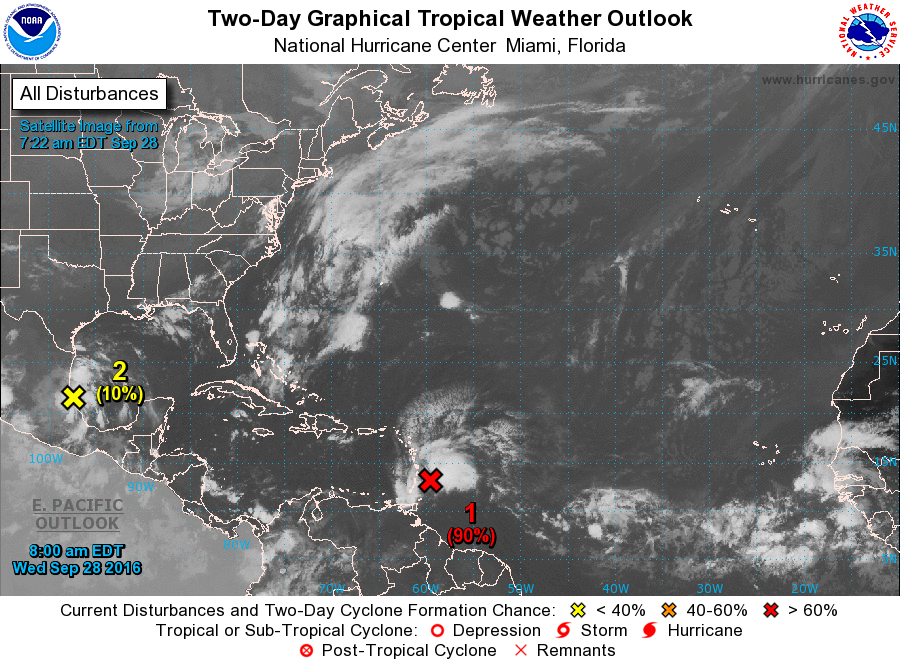
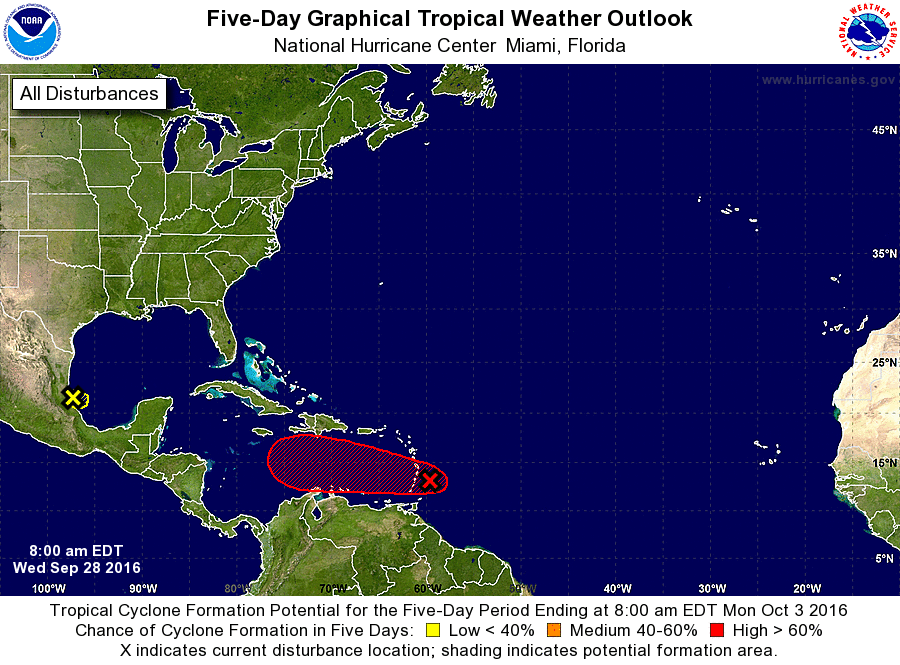
For the North Atlantic...Caribbean Sea and the Gulf of Mexico:

Reports from an Air Force Reserve reconnaissance aircraft indicate that the strong tropical wave located near Barbados is producing winds of 40 to 45 mph. Regardless of whether or not the system becomes a tropical storm before it moves through the Lesser Antilles, tropical-storm-force winds and heavy rains will spread across Guadeloupe, Dominica, Martinique, and St. Lucia today. Satellite and surface observations suggest that the circulation associated with the system has become better defined, and the reconnaissance aircraft is beginning its mission to determine if a tropical storm has formed. The system is moving westward to west-northwestward at around 15 mph, and is expected to pass over the Lesser Antilles later today, and move over the southeastern Caribbean Sea tonight and Thursday.

1. Interests in the Windward and southern Leeward Islands should consult products issued by your national meteorological service, including possible tropical storm warnings or watches. Interests in Bonaire, Curacao, Aruba, and along the northern coast of South America should also monitor the progress of this disturbance.
* Formation chance through 48 hours...high...90 percent
* Formation chance through 5 days...high...90 percent

2. Disorganized showers and thunderstorms along the coast of the western Gulf of Mexico are associated with a weak low pressure area near Tampico, Mexico. This low is forecast to move inland later today or tonight and significant development of this system is not expected.
* Formation chance through 48 hours...low...10 percent
* Formation chance through 5 days...low...10 percent

Forecaster Brown